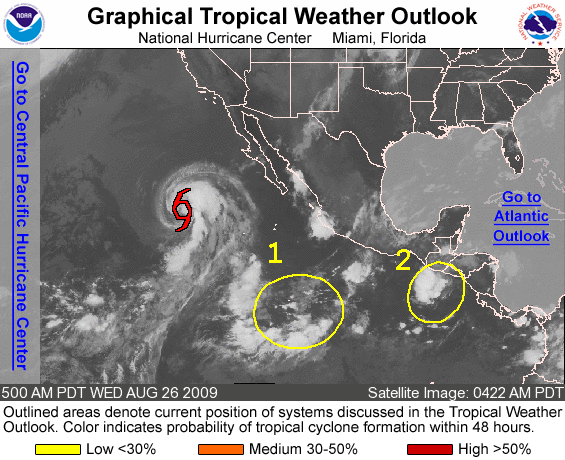
FOR THE EASTERN NORTH PACIFIC...EAST OF 140 DEGREES WEST LONGITUDE..

THE NATIONAL HURRICANE CENTER IS ISSUING ADVISORIES ON TROPICAL STORM IGNACIO...LOCATED ABOUT 815 MILES WEST OF THE SOUTHERN TIP OF BAJA CALIFORNIA.

1. A LARGE AREA OF DISORGANIZED SHOWERS AND THUNDERSTORMS IS CENTERED SEVERAL HUNDRED MILES SOUTH-SOUTHWEST OF THE SOUTHWESTERN COAST OF MEXICO. DEVELOPMENT...IF ANY...OF THIS SYSTEM IS EXPECTED TO BE SLOW TO OCCUR AS IT MOVES GENERALLY WEST-NORTHWESTWARD DURING THE NEXT DAY OR TWO. THERE IS A LOW CHANCE...LESS THAN 30 PERCENT...OF THIS SYSTEM BECOMING A TROPICAL CYCLONE DURING THE NEXT 48 HOURS.

2. A BROAD AREA OF LOW PRESSURE LOCATED A COUPLE HUNDRED MILES SOUTH OF THE COAST OF GUATEMALA IS PRODUCING DISORGANIZED SHOWERS AND THUNDERSTORMS. CONDITIONS APPEAR CONDUCIVE FOR GRADUAL DEVELOPMENT OF THIS SYSTEM AS IT MOVES WESTWARD OVER THE NEXT COUPLE OF DAYS. THERE IS A LOW CHANCE...LESS THAN 30 PERCENT...OF THIS SYSTEM BECOMING A TROPICAL CYCLONE DURING THE NEXT 48 HOURS.

ELSEWHERE...TROPICAL CYCLONE FORMATION IS NOT EXPECTED DURING THE NEXT 48 HOURS.

FORECASTER BROWN